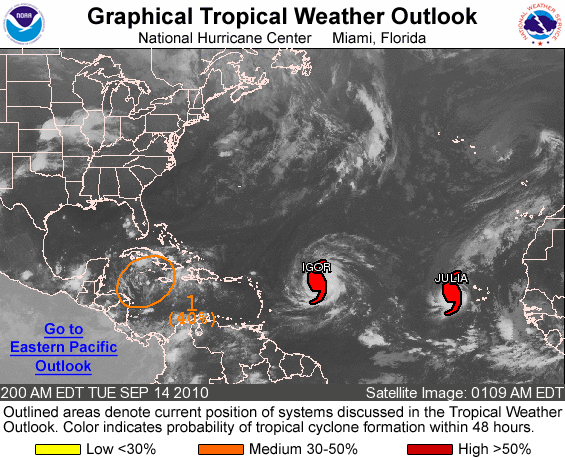
FOR THE NORTH ATLANTIC...CARIBBEAN SEA AND THE GULF OF MEXICO...

THE NATIONAL HURRICANE CENTER IS ISSUING ADVISORIES ON HURRICANE IGOR...LOCATED ABOUT 785 MILES EAST OF THE NORTHERN LEEWARD ISLANDS ...AND ON TROPICAL STORM JULIA...LOCATED ABOUT 245 MILES WEST-NORTHWEST OF THE SOUTHERNMOST CAPE VERDE ISLANDS.

1. A BROAD AREA OF LOW PRESSURE OVER THE NORTHWEST CARIBBEAN SEA IS PRODUCING DISORGANIZED SHOWERS AND THUNDERSTORMS. THIS SYSTEM IS EXPECTED TO MOVE WESTWARD TO WEST-NORTHWESTWARD AT 10 TO 15 MPH OVER THE NEXT COUPLE OF DAYS...AND IT HAS SOME POTENTIAL FOR DEVELOPMENT BEFORE IT MOVES INLAND OVER THE YUCATAN PENINSULA BY WEDNESDAY EVENING. THERE IS A MEDIUM CHANCE...40 PERCENT...OF THIS SYSTEM BECOMING A TROPICAL CYCLONE DURING THE NEXT 48 HOURS. REGARDLESS OF DEVELOPMENT... LOCALLY HEAVY RAINFALL IS POSSIBLE OVER PORTIONS OF HAITI... JAMAICA...CUBA...THE CAYMAN ISLANDS...AND THE YUCATAN PENINSULA DURING THE NEXT DAY OR TWO. THESE RAINS COULD CAUSE LIFE-THREATENING FLASH FLOODS AND MUD SLIDES... ESPECIALLY IN AREAS OF MOUNTAINOUS TERRAIN.

ELSEWHERE...TROPICAL CYCLONE FORMATION IS NOT EXPECTED DURING THE NEXT 48 HOURS.

FORECASTER CANGIALOSI/PASCH